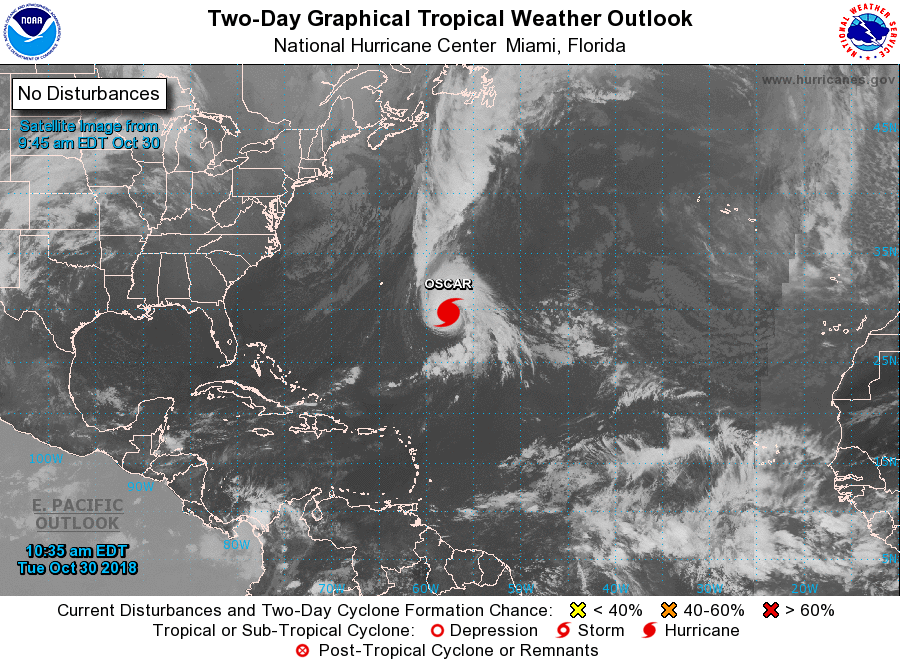
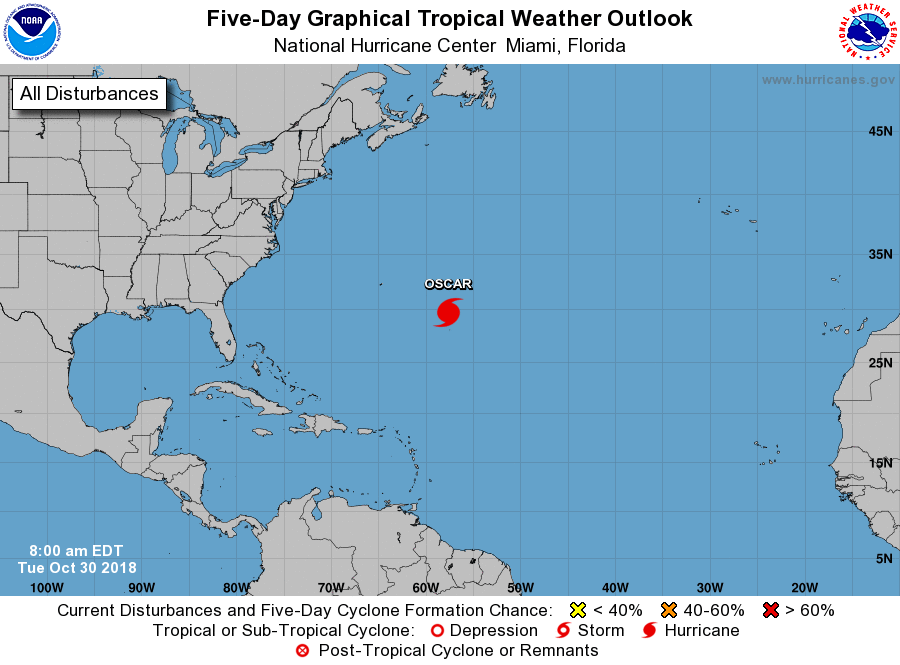
For the North Atlantic...Caribbean Sea and the Gulf of Mexico:

The National Hurricane Center is issuing advisories on Hurricane Oscar, located over the central Atlantic Ocean.

Tropical cyclone formation is not expected during the next 5 days.

Forecaster Berg